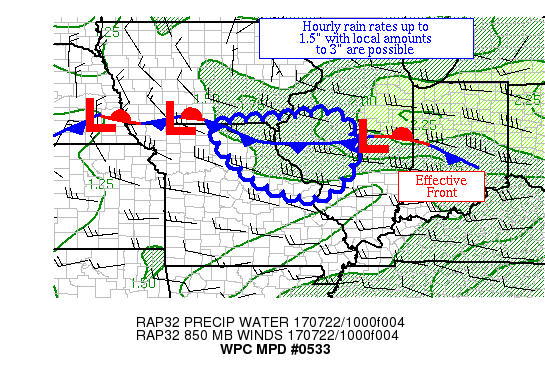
AREAS AFFECTED...NORTHEAST MO & WEST-CENTRAL IL

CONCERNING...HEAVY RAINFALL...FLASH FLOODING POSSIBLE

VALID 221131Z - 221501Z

SUMMARY...THUNDERSTORMS ARE DROPPING SOUTHWARD INTO WEST-CENTRAL
IL AND NORTHEAST MO.  WITH PLENTY OF INSTABILITY, LOW-LEVEL
INFLOW, AND BULK SHEAR AVAILABLE, HOURLY RAIN RATES TO 1.5" WITH
LOCAL AMOUNTS TO 3" APPEAR POSSIBLE.

DISCUSSION...SATELLITE AND RADAR IMAGERY REVEAL AN MCV MOVING
THROUGH EASTERN IA AND AN UPSTREAM SHORTWAVE IS STILL APPARENT
NEAR THE BORDER OF THE DAKOTAS AND MN.  PRECIPITABLE WATER VALUES
OF 1.75-2" EXIST IN THIS REGION.  MU CAPE VALUES OF 1000-2000 J/KG
RESIDE UPSTREAM ACROSS MO, AND ARE BEING ADVECTED OVER THE OUTFLOW
BOUNDARY/EFFECTIVE FRONT INTO THE REGION BY WESTERLY 850 HPA
INFLOW OF 30-40 KTS, EXCEEDING THE MEAN 850-400 HPA WIND BY ~10
KTS.  EFFECTIVE BULK SHEAR OF ~30 KTS EXISTS, WHICH WHEN COMBINED
WITH NEARLY UNIDIRECTIONAL FLOW WITH HEIGHT IS TRYING TO ORGANIZE
THUNDERSTORMS INTO AN EAST-WEST BAND.

THE 00Z WRF NSSL HAD THE BEST GRASP OF THIS ACTIVITY, THOUGH ITS
CELL COVERAGE WAS MORE SPARSE THAN SEEN ON RECENT RADAR IMAGERY.
THE CONVECTIVE PATTERN HAS BEEN DROPPING SOUTH AT ROUGHLY 20 KTS
DURING THE LAST SEVERAL HOURS, PARALLEL TO THE 1000-500 HPA
THICKNESS PATTERN AND SLIGHTLY QUICKER THAN FORWARD PROPAGATING
CONVECTIVE VECTORS WOULD SUGGEST.  PATTERN-WISE, ONE WOULD
NORMALLY EXPECT THIS THUNDERSTORM ACTIVITY TO WANE AS THE MCV
MOVES EASTWARD INTO IL -- CLOUD TOPS HAVE BEEN WARMING WITHIN IR
SATELLITE IMAGERY, THOUGH THERE HAS BEEN RECENT COOLING NEAR
ALEXIS IL.  WITH AN UPSTREAM SHORTWAVE STILL APPARENT, AND 850 HPA
INFLOW NOT EXPECTED TO FALL UNDER 25 KTS UNTIL 17Z, THIS
CONVECTION COULD LINGER LONGER THAN THE NSSL WRF SUGGESTS.  HOURLY
RAIN RATES TO 1.5" AND LOCAL AMOUNTS TO 3" ARE ANTICIPATED, WHICH
COULD CHALLENGE LOCAL FLASH FLOOD GUIDANCE VALUES.